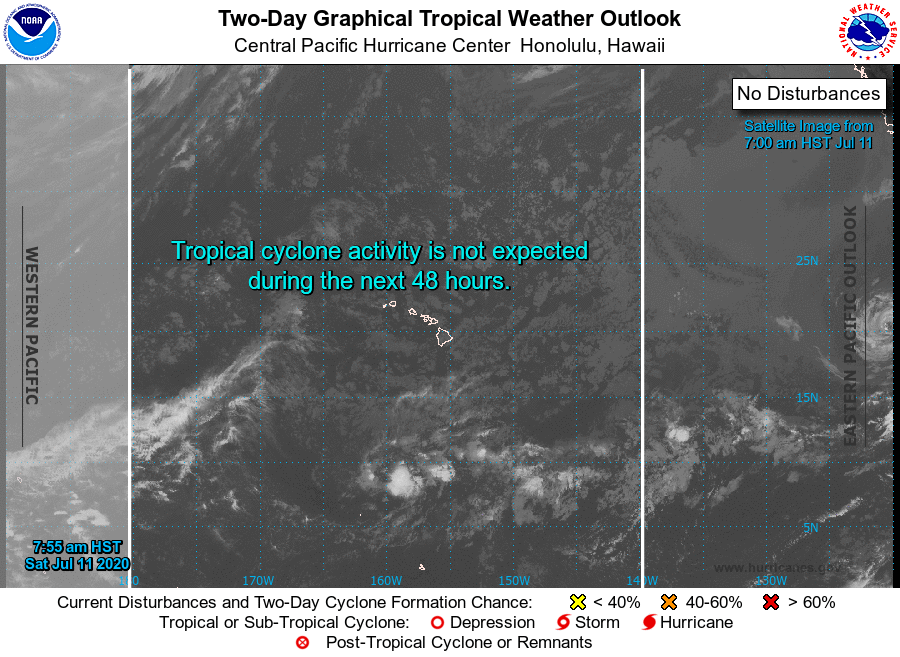
For the central North Pacific...between 140W and 180W:

No tropical cyclones are expected during the next 5 days.

Forecaster Burke